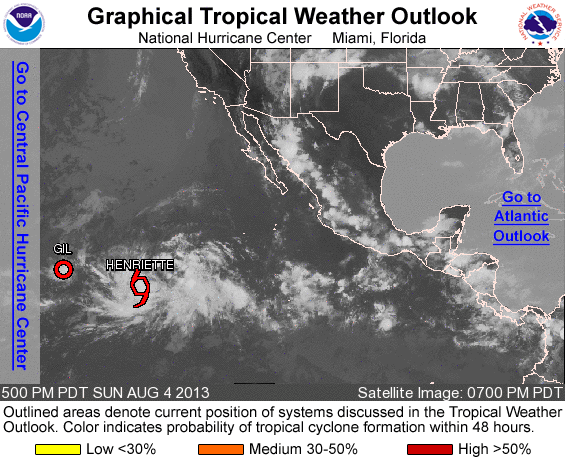
FOR THE EASTERN NORTH PACIFIC...EAST OF 140 DEGREES WEST LONGITUDE..

THE NATIONAL HURRICANE CENTER IS ISSUING ADVISORIES ON TROPICAL DEPRESSION GIL AND TROPICAL STORM HENRIETTE...BOTH LOCATED FAR TO THE SOUTHWEST OF THE BAJA CALIFORNIA PENINSULA.

TROPICAL CYCLONE FORMATION IS NOT EXPECTED DURING THE NEXT 48 HOURS.

OTHER SYSTEMS WITH FORMATION POTENTIAL BEYOND 48 HOURS...

AN AREA OF LOW PRESSURE IS EXPECTED TO FORM WELL OFFSHORE OF THE COAST OF MEXICO LATER THIS WEEK. SOME DEVELOPMENT OF THIS SYSTEM IS POSSIBLE...AND IT HAS A LOW CHANCE...NEAR 0 PERCENT...OF BECOMING A TROPICAL CYCLONE DURING THE NEXT 48 HOURS...AND A LOW CHANCE...20 PERCENT...OF BECOMING A TROPICAL CYCLONE DURING THE NEXT 5 DAYS.

&&
FIVE-DAY FORMATION PROBABILITIES ARE EXPERIMENTAL IN 2013. COMMENTS ON THE EXPERIMENTAL FORECASTS CAN BE PROVIDED AT...

HTTP://WWW.NWS.NOAA.GOV/SURVEY/NWS-SURVEY.PHP?CODE=ETWO

FORECASTER CANGIALOSI